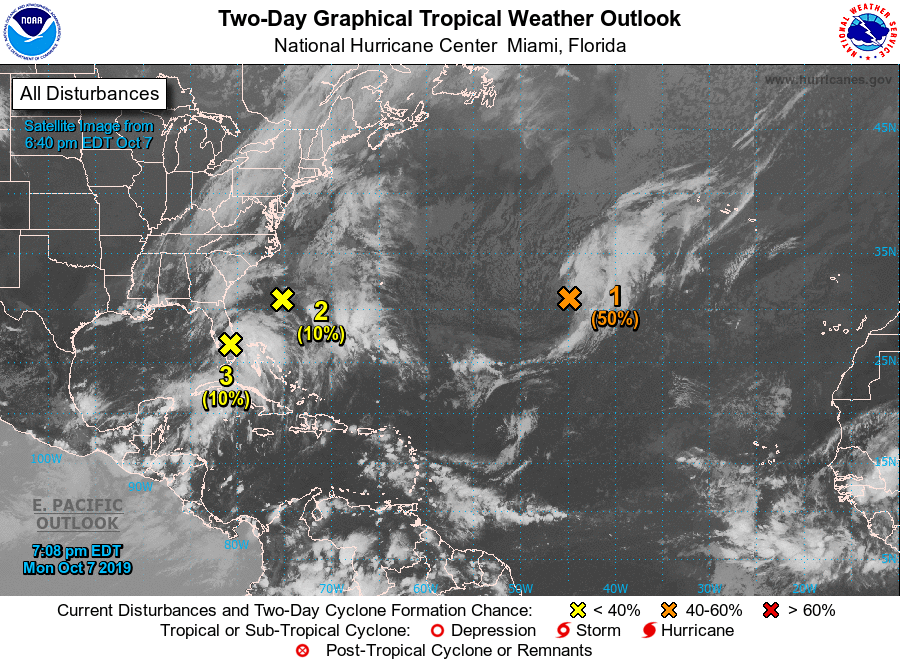
For the North Atlantic...Caribbean Sea and the Gulf of Mexico:

1. A non-tropical low pressure system located over the central Atlantic Ocean between Bermuda and the Azores is producing gale-force winds. Environmental conditions are forecast to be generally conducive for the low to acquire some subtropical or tropical characteristics during the next day or two, and this system could become a tropical or subtropical storm on Tuesday or Wednesday while it moves slowly westward. Upper-level winds are expected to become unfavorable for further development by Wednesday evening. Additional information on this system can be found in High Seas Forecasts issued by the National Weather Service.
* Formation chance through 48 hours...medium...50 percent.
* Formation chance through 5 days...medium...50 percent.

2. Showers and thunderstorms located over the western Atlantic between the southeastern coast of the United States and Bermuda are associated with a dissipating frontal boundary. This system is forecast to move northwestward and could acquire some subtropical characteristics later in the week while it meanders off the east coast of the United States. Additional information on this system can also be found in High Seas Forecasts issued by the National Weather Service.
* Formation chance through 48 hours...low...10 percent.
* Formation chance through 5 days...low...30 percent.

3. A trough of low pressure extending from the Yucatan Channel northeastward across the southern Florida peninsula is producing disorganized showers and thunderstorms. Some slight development of this system is possible on Tuesday when it moves off the southeast U.S. coast. The disturbance is forecast to merge with a frontal boundary and developing low off the east coast of the United States by Wednesday, and no further development is anticipated after that time. Regardless of development, this system is expected to produce locally heavy rainfall over portions of the the southern Florida peninsula during the next day or so.
* Formation chance through 48 hours...low...10 percent.
* Formation chance through 5 days...low...10 percent.

High Seas Forecasts issued by the National Weather Service can be found under AWIPS header NFDHSFAT1, WMO header FZNT01 KWBC, and online at ocean.weather.gov/shtml/NFDHSFAT1.php

Forecaster Ramos/Cangialosi